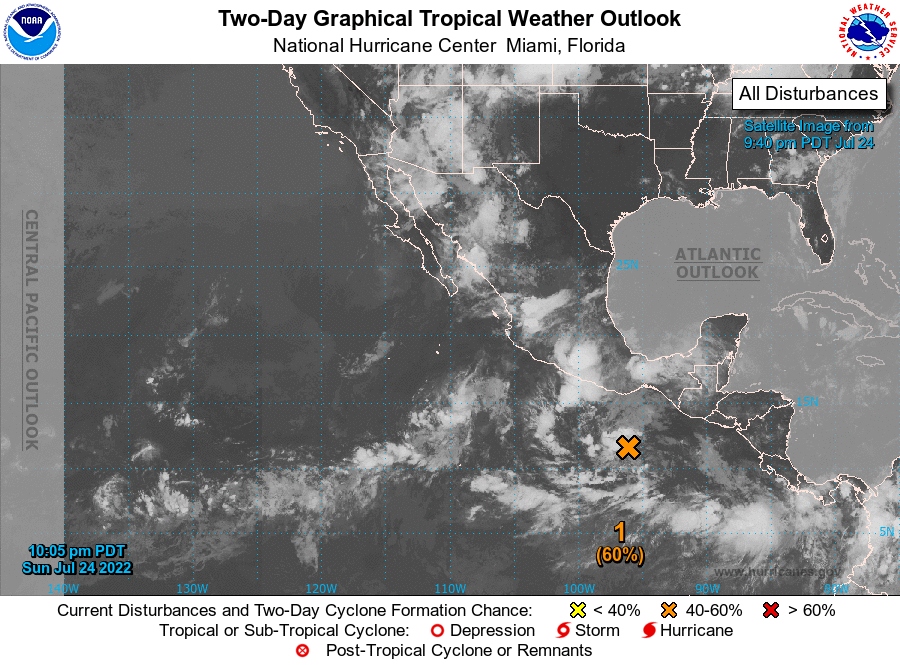
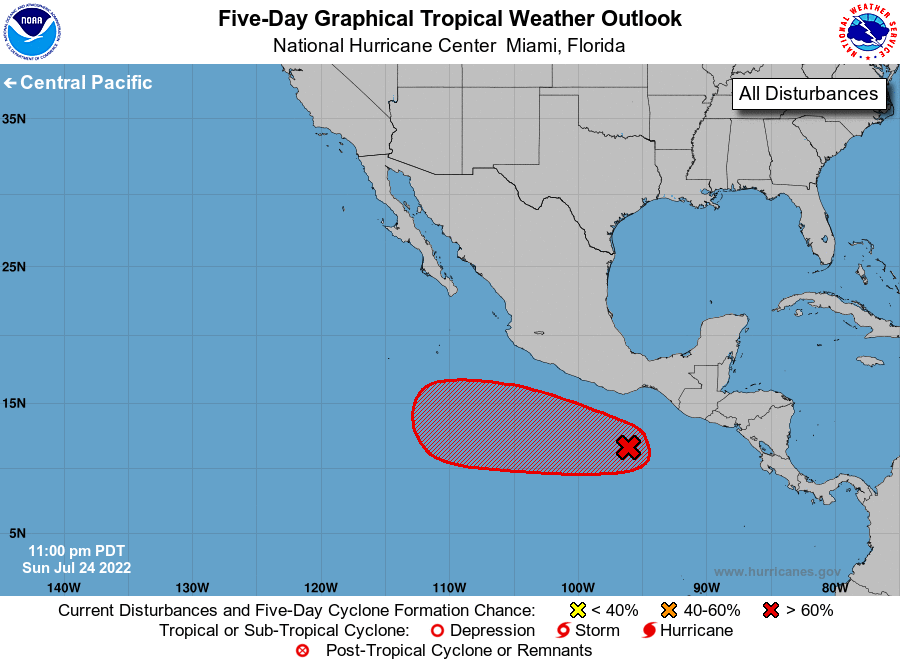
For the eastern North Pacific...east of 140 degrees west longitude:

1. Offshore of Southern Mexico: Shower activity continues to show signs of organization in association with a broad area of low pressure located a few hundred miles south of the coast of southern Mexico. Environmental conditions appear conducive for continued development, and this system is likely to become a tropical depression in the next two or three days. This low pressure area is forecast to move generally westward at 10 to 15 mph, remaining well south of the coast of southern and southwestern Mexico during the next several days.
* Formation chance through 48 hours...medium...60 percent.
* Formation chance through 5 days...high...80 percent.

Forecaster Cangialosi